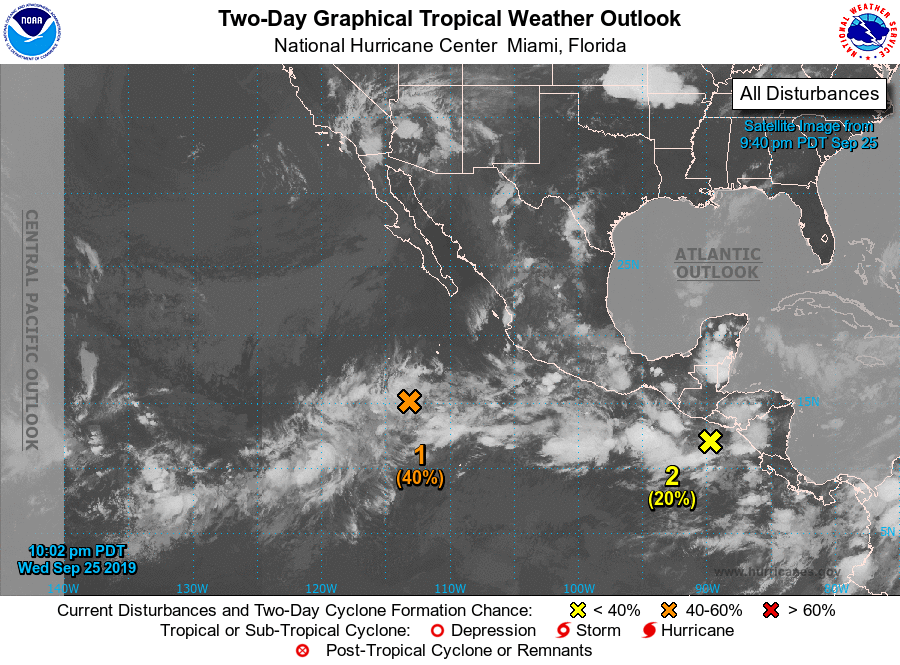
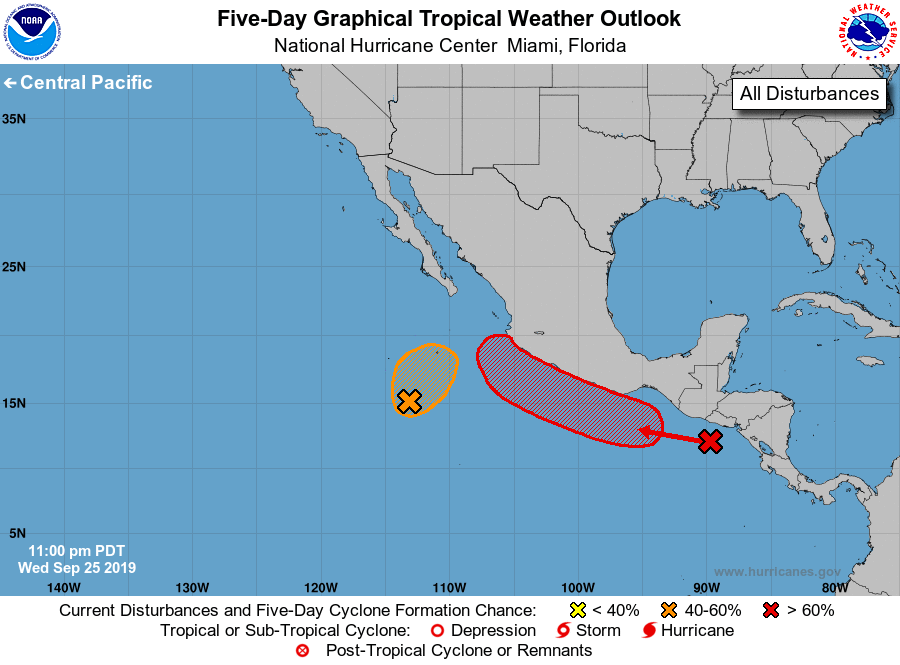
For the eastern North Pacific...east of 140 degrees west longitude:

1. Shower activity associated with a broad area of low pressure located several hundred miles south-southwest of the southern tip of the Baja California peninsula has decreased and become less organized since the afternoon. Some development of this system is still possible and a tropical depression could form while it moves slowly northward or north-northeastward for the next day or so. The disturbance is forecast to turn southeastward on Friday and environmental conditions are expected to become unfavorable for further development at that time.
* Formation chance through 48 hours...medium...40 percent.
* Formation chance through 5 days...medium...40 percent.

2. A broad area of disturbed weather is located over the far eastern portion of the East Pacific basin. This system is expected to move westward during the next day or two into a region of deep southwesterly flow south of the southern coast of Mexico. A tropical depression is subsequently likely to form over the weekend or early next week while the system moves generally west-northwestward at 10 to 15 mph near the southern and southwestern coasts of Mexico. Regardless of development, this system could cause heavy rainfall over southern and southwestern Mexico through early next week.
* Formation chance through 48 hours...low...20 percent.
* Formation chance through 5 days...high...70 percent.

Forecaster Zelinsky